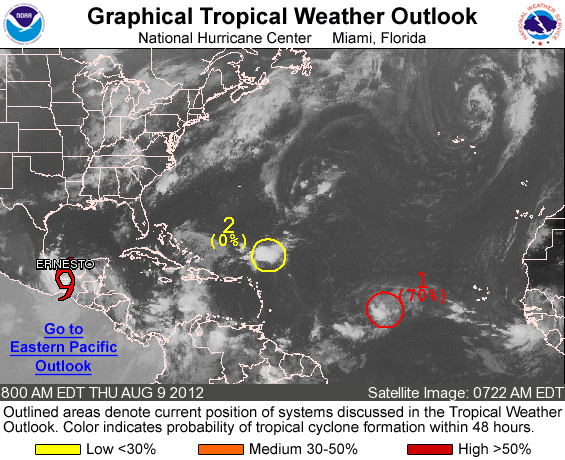
FOR THE NORTH ATLANTIC...CARIBBEAN SEA AND THE GULF OF MEXICO...

THE NATIONAL HURRICANE CENTER IS ISSUING ADVISORIES ON TROPICAL STORM ERNESTO...LOCATED NEAR COATZACOALCOS MEXICO.

1. SHOWERS AND THUNDERSTORMS ASSOCIATED WITH A LOW PRESSURE SYSTEM LOCATED ABOUT 1050 MILES WEST OF THE SOUTHERN CAPE VERDE ISLANDS CONTINUE TO SHOW LITTLE CHANGE IN ORGANIZATION. UPPER-LEVEL WINDS APPEAR CONDUCIVE FOR FURTHER DEVELOPMENT AND A TROPICAL DEPRESSION COULD FORM OVER THE NEXT COUPLE OF DAYS. THIS SYSTEM HAS A HIGH CHANCE...70 PERCENT...OF BECOMING A TROPICAL CYCLONE DURING THE NEXT 48 HOURS AS IT MOVES WESTWARD AT ABOUT 15 MPH.

2. A LOW PRESSURE TROUGH...THE REMNANTS OF FLORENCE...IS LOCATED A FEW HUNDRED MILES NORTHEAST OF THE NORTHERN LEEWARD ISLANDS...AND IS PRODUCING DISORGANIZED SHOWERS AND THUNDERSTORMS. UPPER-LEVEL WINDS ARE NOT EXPECTED TO BE CONDUCIVE FOR REDEVELOPMENT. THIS SYSTEM HAS A LOW CHANCE...NEAR 0 PERCENT...OF BECOMING A TROPICAL CYCLONE AGAIN DURING THE NEXT 48 HOURS AS IT MOVES NORTHWESTWARD AT ABOUT 20 MPH.

ELSEWHERE...TROPICAL CYCLONE FORMATION IS NOT EXPECTED DURING THE NEXT 48 HOURS.

FORECASTER PASCH